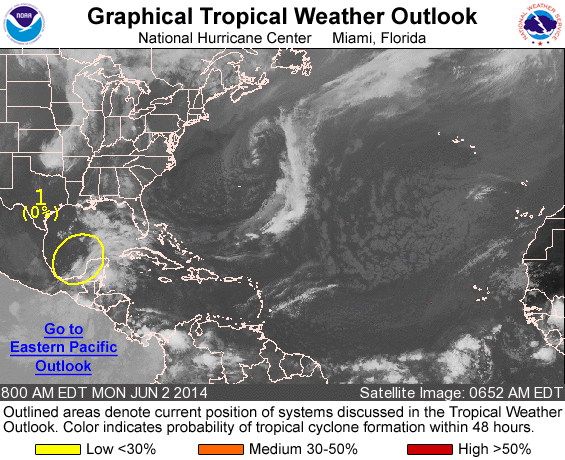
For the North Atlantic...Caribbean Sea and the Gulf of Mexico:

1. A stationary trough of low pressure interacting with a large upper-level low is producing widespread cloudiness and disorganized showers over much of eastern half of the Gulf of Mexico and across the Yucatan Peninsula. Environmental conditions are expected to remain unfavorable for the development of this system as it moves little this week.
* Formation chance through 48 hours...low...near 0 percent
* Formation chance through 5 days...low...10 percent

Forecaster Kimberlain